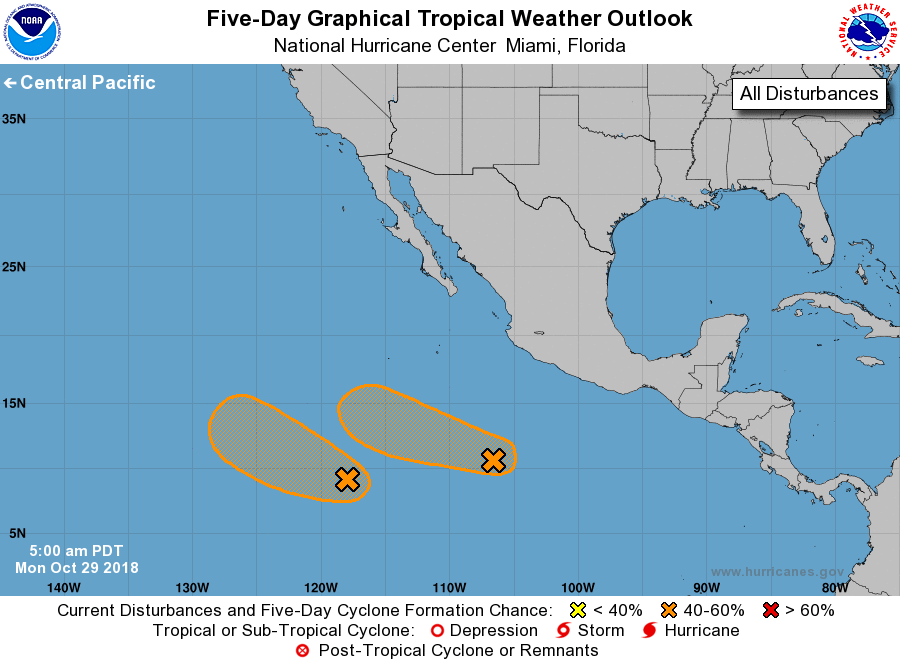
For the eastern North Pacific...east of 140 degrees west longitude:

1. An elongated area of low pressure is located several hundred miles south of Manzanillo, Mexico. Although upper-level winds are only marginally conducive, and a tropical depression could still form during the next couple of days while the system moves westward at about 10 mph.
* Formation chance through 48 hours...medium...40 percent.
* Formation chance through 5 days...medium...50 percent.

2. A well-defined low pressure system located about 1100 miles south-southwest of the southern tip of the Baja California peninsula continues to produce disorganized shower and thunderstorm activity. However, some slow development of this system will be possible over the next several days while the low moves toward the west or west-northwest at about 10 mph.
* Formation chance through 48 hours...low...20 percent.
* Formation chance through 5 days...medium...40 percent.

Forecaster Stewart